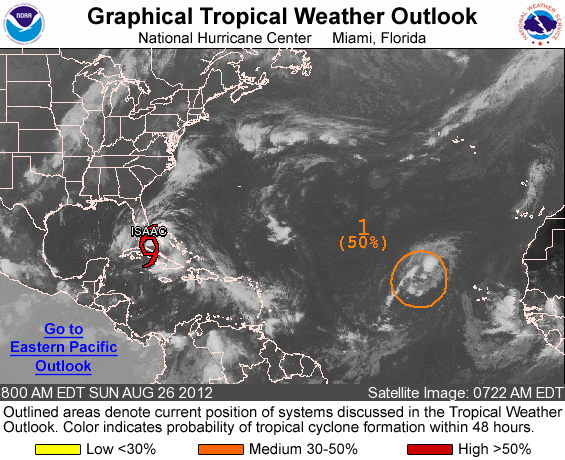
FOR THE NORTH ATLANTIC...CARIBBEAN SEA AND THE GULF OF MEXICO...

THE NATIONAL HURRICANE CENTER IS ISSUING ADVISORIES ON TROPICAL STORM ISAAC...LOCATED ABOUT 135 MILES EAST-SOUTHEAST OF KEY WEST.

1. SHOWERS AND THUNDERSTORMS ASSOCIATED WITH A LARGE AREA OF LOW PRESSURE LOCATED ABOUT 650 MILES WEST OF THE CAPE VERDE ISLANDS HAVE CHANGED LITTLE IN ORGANIZATION DURING THE LAST SEVERAL HOURS. ENVIRONMENTAL CONDITIONS APPEAR CONDUCIVE FOR DEVELOPMENT...AND THIS LOW COULD BECOME A TROPICAL DEPRESSION OVER THE NEXT DAY OR TWO. THIS SYSTEM HAS A MEDIUM CHANCE...50 PERCENT...OF BECOMING A TROPICAL CYCLONE DURING THE NEXT 48 HOURS AS IT MOVES WEST-NORTHWESTWARD TO NORTHWESTWARD AT 10 TO 15 MPH.

ELSEWHERE...TROPICAL CYCLONE FORMATION IS NOT EXPECTED DURING THE NEXT 48 HOURS.

FORECASTER CANGIALOSI